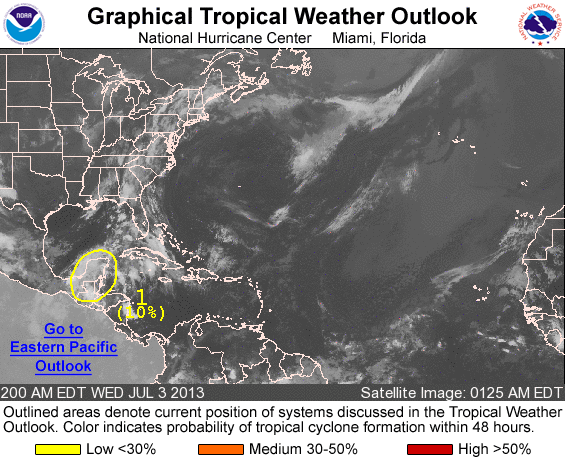
FOR THE NORTH ATLANTIC...CARIBBEAN SEA AND THE GULF OF MEXICO...

1. A SURFACE TROUGH OVER THE YUCATAN PENINSULA OF MEXICO IS PRODUCING DISORGANIZED SHOWERS AND THUNDERSTORMS. UPPER-LEVEL WINDS ARE CURRENTLY UNFAVORABLE FOR DEVELOPMENT...BUT THEY COULD BECOME MARGINALLY CONDUCIVE DURING THE NEXT TWO DAYS AS THE DISTURBANCE MOVES WEST-NORTHWESTWARD TO NORTHWESTWARD INTO THE BAY OF CAMPECHE. THIS SYSTEM HAS A LOW CHANCE...NEAR 10 PERCENT...OF BECOMING A TROPICAL CYCLONE DURING THE NEXT 48 HOURS.

ELSEWHERE...TROPICAL CYCLONE FORMATION IS NOT EXPECTED DURING THE NEXT 48 HOURS.

FORECASTER BEVEN